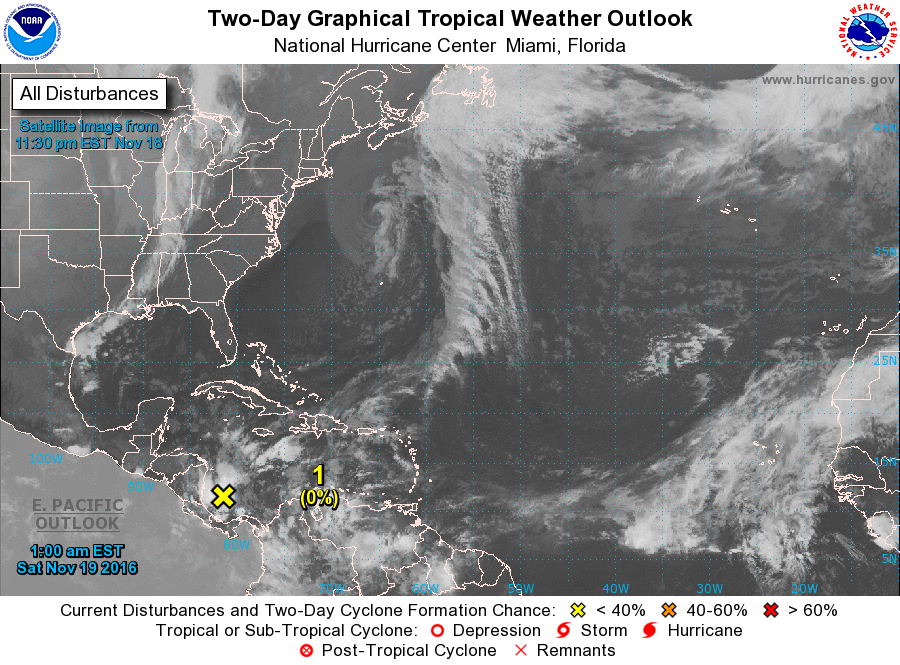
For the North Atlantic...Caribbean Sea and the Gulf of Mexico:

1. Showers and thunderstorms have increased somewhat in association with a broad area of low pressure over the southwestern Caribbean Sea this evening. However the shower and thunderstorm activity is disorganized, and surface pressures are not falling. Upper-level winds are expected to be only marginally conducive for development over the next couple of days. After that time, environmental conditions are expected to be more conducive for gradual development, and a tropical depression could still form early next week while the low moves slowly and erratically.
* Formation chance through 48 hours...low...near 0 percent
* Formation chance through 5 days...medium...50 percent

Forecaster Pasch